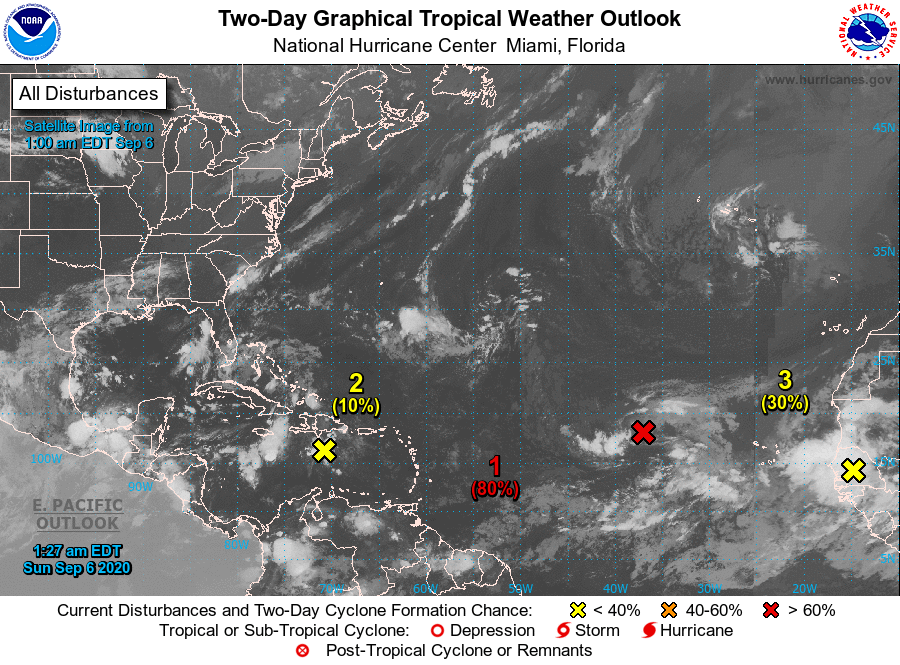
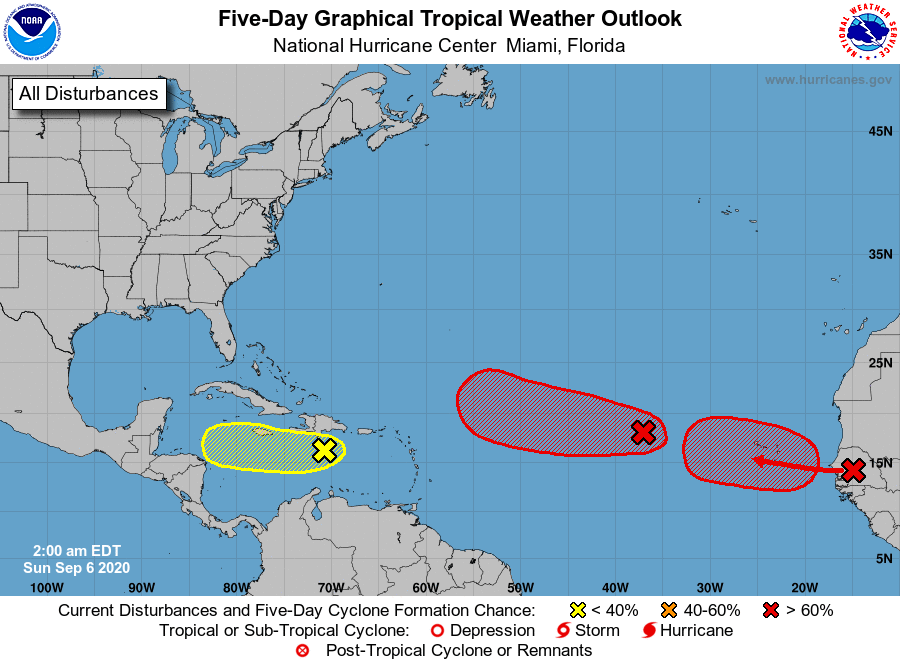
For the North Atlantic...Caribbean Sea and the Gulf of Mexico:

1. A tropical wave and area of low pressure located over the eastern tropical Atlantic continues to produce a large area of disorganized showers and thunderstorms. Gradual development of this system is expected while it moves westward to west-northwestward, and a tropical depression is likely to form in the next day or two as the system reaches the central tropical Atlantic.
* Formation chance through 48 hours...high...80 percent.
* Formation chance through 5 days...high...90 percent.

2. A tropical wave located over the east-central Caribbean Sea is producing a disorganized area of showers and thunderstorms. Some slow development of this system is possible during the next couple of days before upper-level winds become unfavorable for formation. This wave is expected to move westward across the central and western Caribbean Sea during the next few days.
* Formation chance through 48 hours...low...10 percent.
* Formation chance through 5 days...low...10 percent.

3. Another tropical wave located over western Africa is forecast to move over the eastern tropical Atlantic on Sunday. Gradual development of this system is then expected, and a tropical depression is likely to form by the middle of next week while it moves generally westward over the far eastern tropical Atlantic.
* Formation chance through 48 hours...low...30 percent.
* Formation chance through 5 days...high...80 percent.

Forecaster Latto